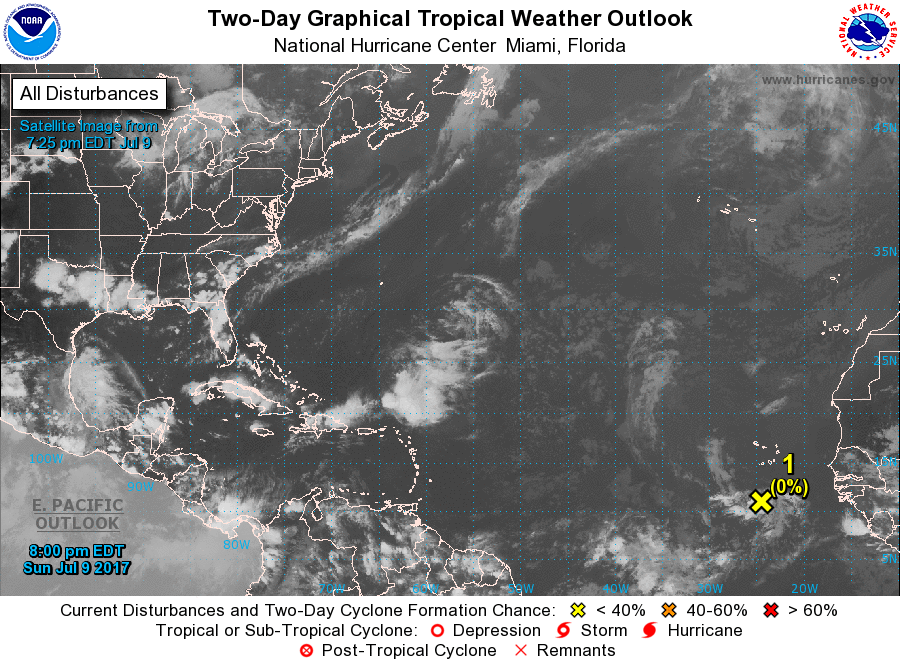
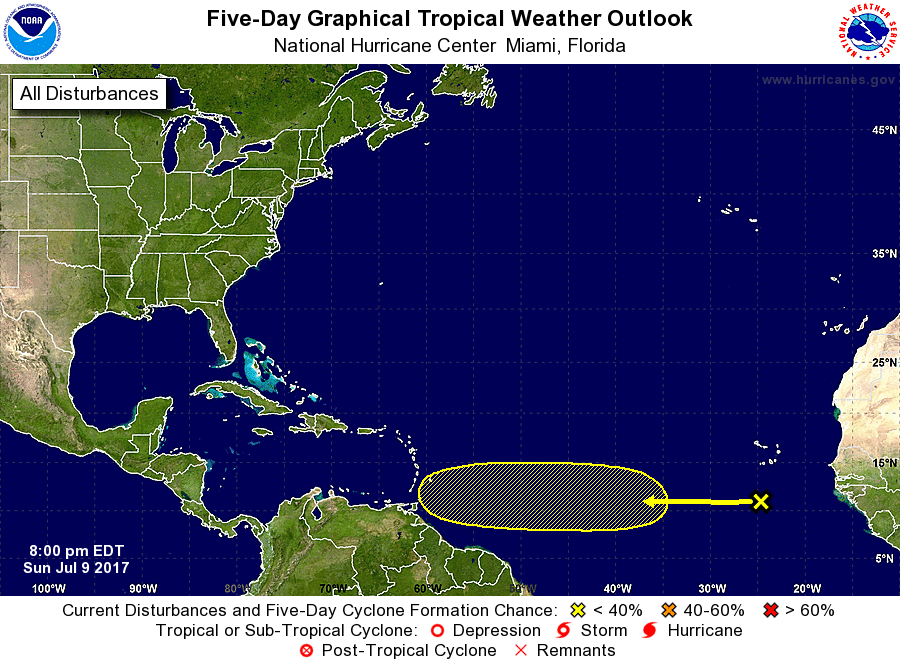
For the North Atlantic...Caribbean Sea and the Gulf of Mexico:

1. A tropical wave passing south of the Cabo Verde Islands is producing disorganized showers and thunderstorms. Some gradual development of this system is possible during the next several days while it moves westward at 15 to 20 mph.
* Formation chance through 48 hours...low...near 0 percent.
* Formation chance through 5 days...low...20 percent.

Forecaster Brown